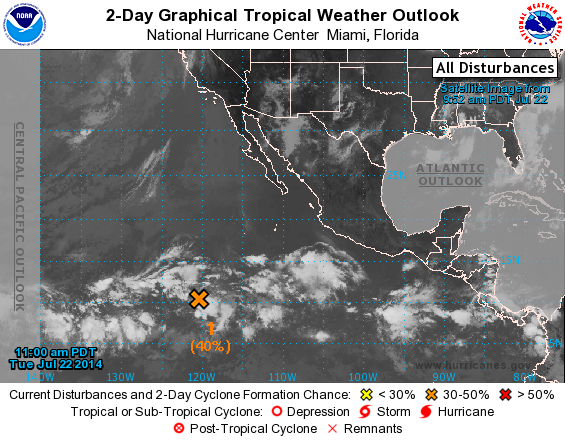
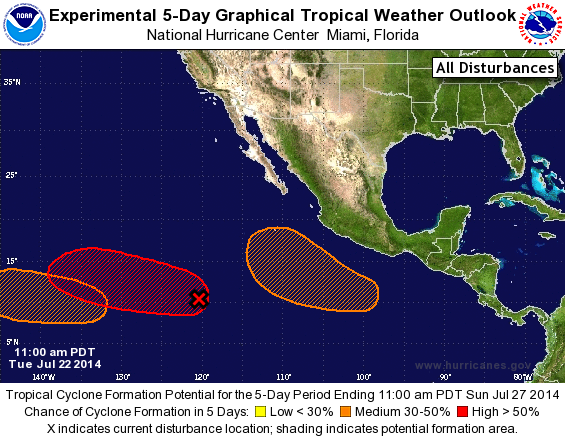
For the eastern North Pacific...east of 140 degrees west longitude:

1. Shower and thunderstorm activity has increased near a small area of low pressure located about 1125 miles southwest of the southern tip of the Baja California peninsula. Environmental conditions appear conducive for further development of this system during the next few days while it moves westward or west-northwestward at 10 to 15 mph.
* Formation chance through 48 hours...medium...40 percent.
* Formation chance through 5 days...high...60 percent.

2. An area of low pressure is forecast to form several hundred miles south of the coast of Mexico in a few days. Some development of this system is expected by the weekend while it moves generally west-northwestward.
* Formation chance through 48 hours...low...near 0 percent.
* Formation chance through 5 days...medium...50 percent.

3. An area of low pressure could form in a few days about 1200 miles east-southeast of the Big Island of Hawaii. Some development of this system is possible by the weekend while it moves generally westward.
* Formation chance through 48 hours...low...near 0 percent.
* Formation chance through 5 days...medium...30 percent.

Forecaster Blake